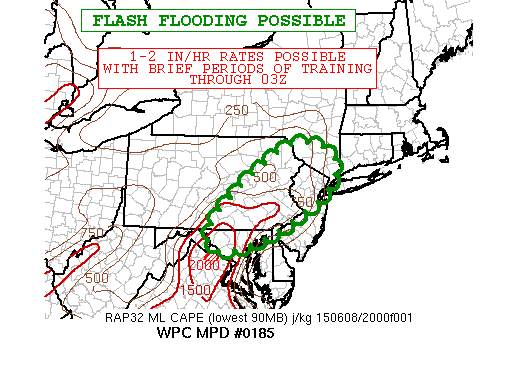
AREAS AFFECTED...NRN MD INTO ERN PA...NWRN NJ AND SRN NY

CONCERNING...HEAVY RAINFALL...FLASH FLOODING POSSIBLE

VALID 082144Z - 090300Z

SUMMARY...SHORT TERM TRAINING OF CELLS WILL CONTINUE A THREAT FOR
FLASH FLOODING INTO THE LATE EVENING HOURS FROM NRN MARYLAND INTO
NRN NEW JERSEY AND SRN NEW YORK STATE. COVERAGE OF FLASH FLOODING
IS EXPECTED TO REMAIN SOMEWHAT SCATTERED AND THE THREAT WILL
LIKELY DIMINISH WITH LOSS OF DAYTIME HEATING.

DISCUSSION...RECENT RADAR TRENDS THROUGH 21Z DEPICTED AN AREA OF
EXPANDING CONVECTION ACROSS S-CNTRL PENNSYLVANIA WITHIN A REGION
THAT HAS RECEIVED GOOD SOLAR INSOLATION THROUGHOUT THE AFTERNOON.
MLCAPES WERE HIGHEST ACROSS NRN MARYLAND INTO SERN
PENNSYLVANIA...WITH ESTIMATED VALUES RANGING BETWEEN 750 AND 1500
J/KG. MOISTURE ACROSS THE THREAT AREA PER GPS PWS WAS ANOMALOUSLY
HIGH...BUT ONLY BETWEEN 1 TO 2 STANDARDIZED ANOMALIES ABOVE THE
MEAN. DESPITE THE SOMEWHAT MODEST MOISTURE THOUGH...DUAL POL HAS
ESTIMATES OF A QUICK 2-3 INCHES OVER CUMBERLAND...PERRY AND
DAUPHIN COUNTIES IN PENNSYLVANIA.

FLOW IS UNIDIRECTIONAL FROM THE SOUTHWEST AND AN INCREASE IN 850
MB WINDS OF 10 KTS IS ANTICIPATED NEAR 00Z AS FORECAST BY RECENT
RUNS OF THE RAP...WHICH SHOULD HELP TO FAVOR PERIODS OF TRAINING
HEAVY RAINFALL WITH HOURLY RATES BETWEEN 1-2 IN/HR. AN APPROACHING
UPPER JET STREAK OF 70-90 KTS ON THE LEE SIDE OF A PROGRESSIVE
UPPER TROUGH MOVING ACROSS THE GREAT LAKES REGION SHOULD HELP IN
AIDING ASCENT ACROSS THE REGION THROUGH 00Z. FLASH FLOODING HAS
THE GREATEST POTENTIAL ACROSS SRN PORTIONS OF THE THREAT AREA
WHERE CAPES ARE HIGHEST AND ABLE TO SUSTAIN HIGHER RAINFALL RATES.

HI-RES MODELS SHOW A MARGINAL SIGNAL FOR FLASH FLOODING BUT THERE
ARE SOME POCKETS OF FLASH FLOOD GUIDANCE ACROSS THE THREAT REGION
WHICH ARE ONLY 1 IN/HR. FLASH FLOODING WILL REMAIN A POSSIBILITY
HERE...BUT IT IS EXPECTED TO WANE WITH THE LOSS OF DAYTIME HEATING
THROUGH 03Z.